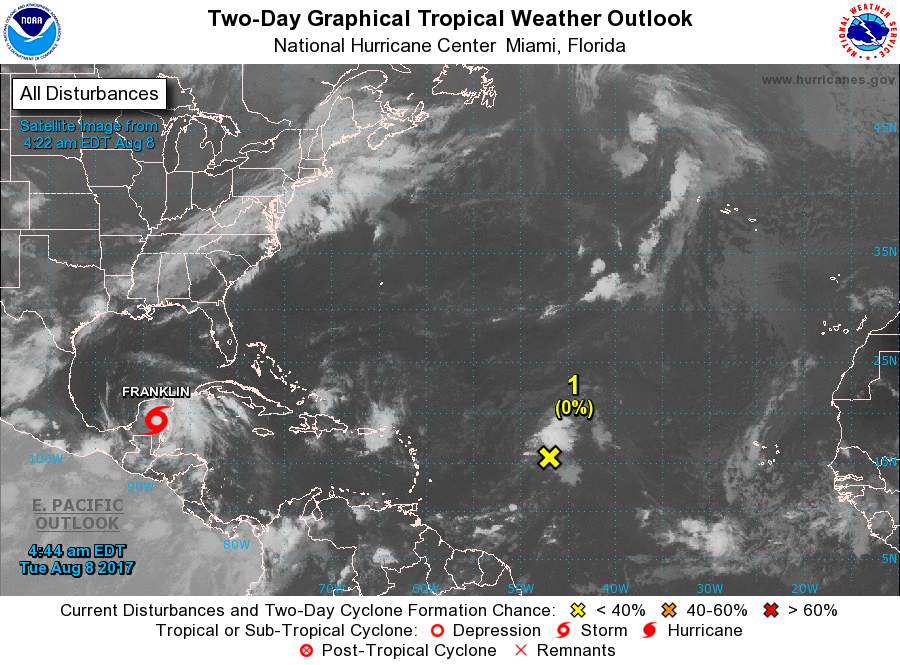
For the North Atlantic...Caribbean Sea and the Gulf of Mexico:

The National Hurricane Center is issuing advisories on Tropical Storm Franklin, located inland over the Yucatan peninsula about 45 miles north of Chetumal, Mexico.

1. A trough of low pressure located about 900 miles east of the Lesser Antilles continues to produce disorganized cloudiness and showers. Development of this system is not expected during the next few days due to unfavorable environmental conditions. However, some development of this system is possible by late weekend while the system moves west-northwestward at about 15 mph over the western Atlantic.
* Formation chance through 48 hours...low...near 0 percent.
* Formation chance through 5 days...low...20 percent.

Forecaster Stewart